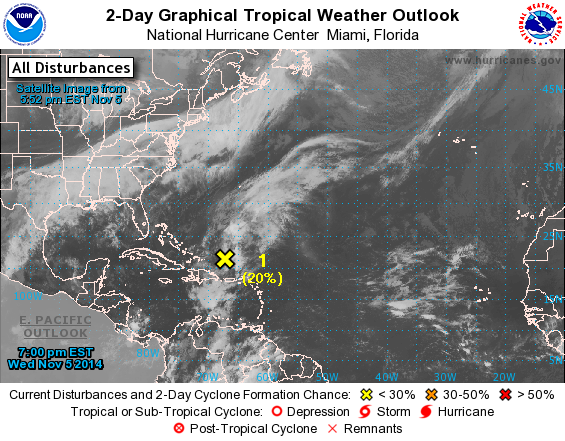
For the North Atlantic...Caribbean Sea and the Gulf of Mexico:

1. A low pressure system has developed a couple of hundred miles north of Puerto Rico. This disturbance is interacting with an upper-level low and is producing a large area of cloudiness and disorganized shower and thunderstorm activity. There is some potential for the low to briefly acquire subtropical or tropical characteristics during the next day or so while it moves northwestward or north-northwestward. After that time, development is not expected when the system moves north-northeastward and merges with a frontal zone. Regardless of formation, locally heavy rainfall and possible flooding should continue across Puerto Rico and the Dominican Republic through tonight. For additional information on the heavy rainfall threat, please consult products issued by your national meteorological service.
* Formation chance through 48 hours...low...20 percent.
* Formation chance through 5 days...low...20 percent.

Forecaster Stewart